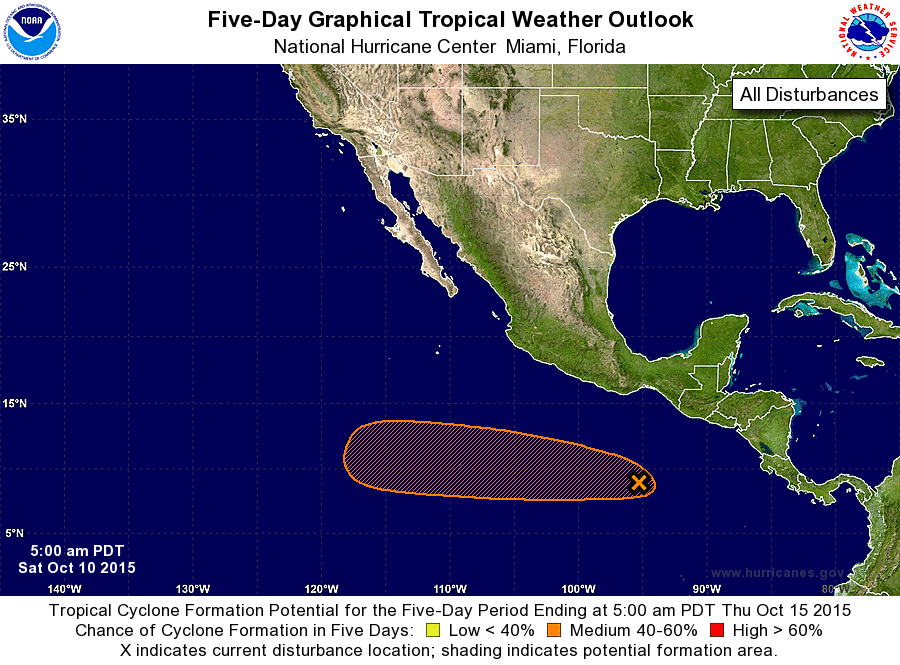
For the eastern North Pacific...east of 140 degrees west longitude:

The National Hurricane Center is issuing advisories on Tropical Storm Nora, located well to the east-southeast of the Hawaiian Islands.

1. Shower and thunderstorm activity associated with a broad area of low pressure located about 500 miles south of the Gulf of Tehuantepec has changed little in organization since yesterday. Environmental conditions are expected to be conducive for gradual development, and a tropical depression could form by the middle of next week while it moves westward at 10 to 15 mph.
* Formation chance through 48 hours...low...30 percent
* Formation chance through 5 days...medium...60 percent

Public Advisories on Tropical Storm Nora are issued under WMO header WTPZ33 KNHC and under AWIPS header MIATCPEP3. Forecast/Advisories on Tropical Storm Nora are issued under WMO header WTPZ23 KNHC and under AWIPS header MIATCMEP3.

Forecaster Blake